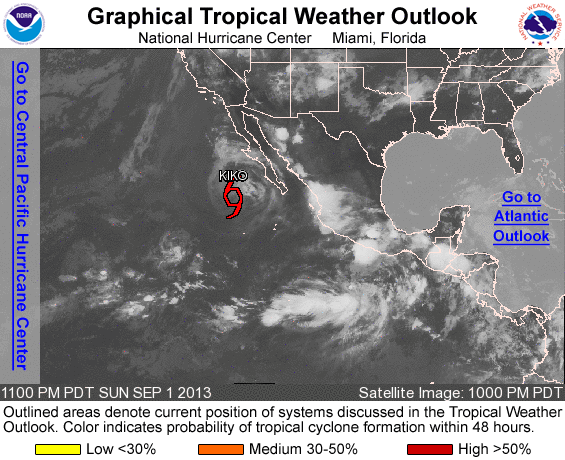
FOR THE EASTERN NORTH PACIFIC...EAST OF 140 DEGREES WEST LONGITUDE..

THE NATIONAL HURRICANE CENTER IS ISSUING ADVISORIES ON TROPICAL STORM KIKO...LOCATED SEVERAL HUNDRED MILES WEST OF THE SOUTHERN TIP OF THE BAJA CALIFORNIA PENINSULA.

TROPICAL CYCLONE FORMATION IS NOT EXPECTED WITHIN THE NEXT 48 HOURS.

OTHER SYSTEMS WITH FORMATION POTENTIAL BEYOND 48 HOURS...

A TROPICAL WAVE IS PRODUCING A LARGE AREA OF CLOUDINESS AND SHOWERS EXTENDING FROM THE SOUTH-CENTRAL COAST OF MEXICO SOUTHWARD FOR SEVERAL HUNDRED MILES. A BROAD AREA OF LOW PRESSURE IS LIKELY TO FORM OFF THE SOUTHWESTERN COAST OF MEXICO BY MIDWEEK...AND SOME SLOW DEVELOPMENT OF THE LOW IS POSSIBLE LATER IN THE WEEK WHILE IT MOVES WEST-NORTHWESTWARD AT AROUND 10 MPH. THIS SYSTEM HAS A LOW CHANCE...NEAR 0 PERCENT...OF BECOMING A TROPICAL CYCLONE DURING THE NEXT 48 HOURS...AND A MEDIUM CHANCE...30 PERCENT...OF BECOMING A TROPICAL CYCLONE DURING THE NEXT 5 DAYS.

&&
FIVE-DAY FORMATION PROBABILITIES ARE EXPERIMENTAL IN 2013. COMMENTS ON THE EXPERIMENTAL FORECASTS CAN BE PROVIDED AT...

HTTP://WWW.NWS.NOAA.GOV/SURVEY/NWS-SURVEY.PHP?CODE=ETWO

FORECASTER BROWN